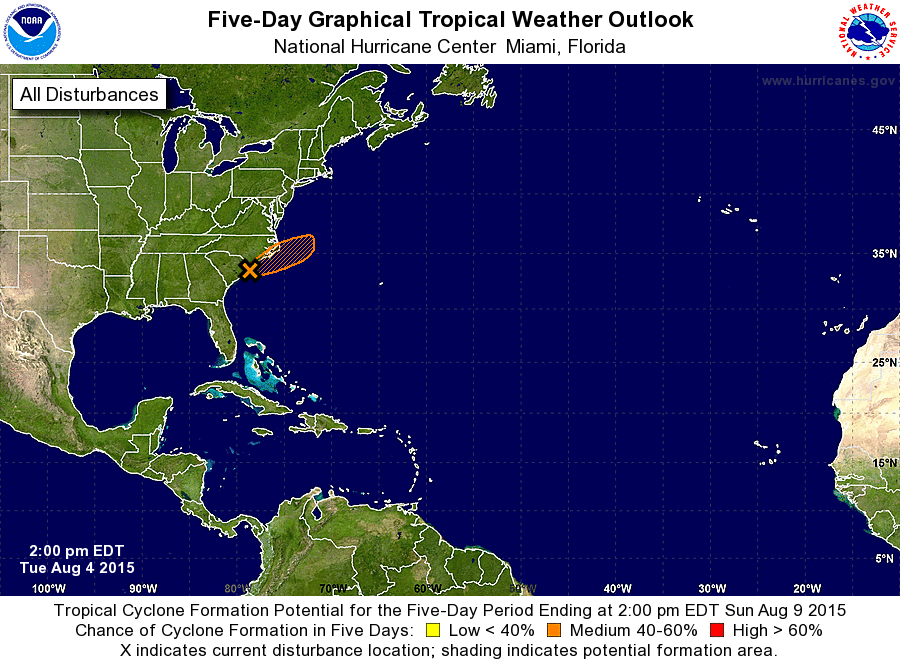
For the North Atlantic...Caribbean Sea and the Gulf of Mexico:

1. Satellite imagery and radar data indicate that thunderstorm activity associated with the low pressure area near Little River Inlet, North Carolina has not become better organized during the past few hours. While upper-level winds are at best marginally conducive, there is some potential for a tropical cyclone to form this afternoon or tonight as the low moves northeastward along the coast of North Carolina. After tonight, the low is expected to move into the open Atlantic Ocean and merge with a frontal system. Regardless of development, locally heavy rains and gusty winds will continue to spread along the coastal areas of North Carolina this afternoon and tonight. For additional information on this system, see High Seas Forecasts and local forecast office products issued by the National Weather Service. An Air Force Reserve Hurricane Hunter aircraft is currently investigating this system.
* Formation chance through 48 hours...medium...40 percent
* Formation chance through 5 days...medium...40 percent

High Seas Forecasts issued by the National Weather Service can be found under AWIPS header NFDHSFAT1 and WMO header FZNT01 KWBC.

Forecaster Beven